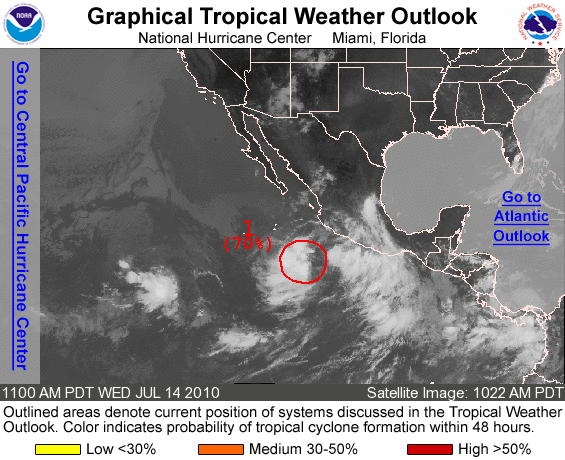
FOR THE EASTERN NORTH PACIFIC...EAST OF 140 DEGREES WEST LONGITUDE..

1. SHOWERS AND THUNDERSTORMS HAVE BECOME BETTER ORGANIZED TODAY AROUND A SMALL LOW PRESSURE SYSTEM CENTERED ABOUT 350 MILES SOUTH-SOUTHWEST OF MANZANILLO MEXICO. ENVIRONMENTAL CONDITIONS ARE GRADUALLY BECOMING MORE CONDUCIVE FOR DEVELOPMENT OF THIS DISTURBANCE AS IT MOVES WEST-NORTHWESTWARD AT 10 TO 15 MPH...AND A TROPICAL DEPRESSION COULD FORM AS EARLY AS THIS AFTERNOON OR TONIGHT. THERE IS A HIGH CHANCE...70 PERCENT...OF THIS SYSTEM BECOMING A TROPICAL CYCLONE DURING THE NEXT 48 HOURS.

ELSEWHERE...TROPICAL CYCLONE FORMATION IS NOT EXPECTED DURING THE NEXT 48 HOURS.

FORECASTER MUSHER